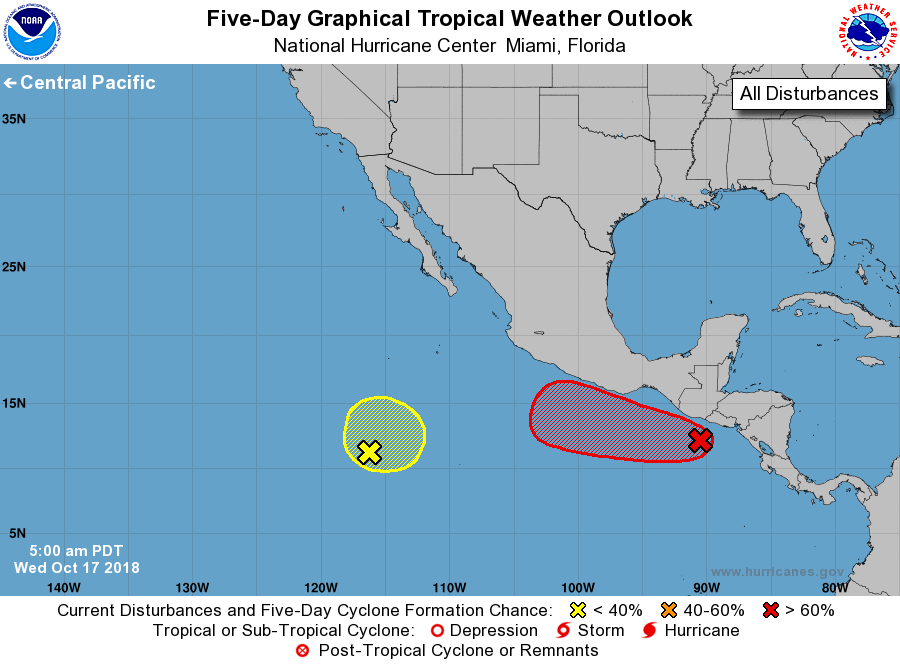
For the eastern North Pacific...east of 140 degrees west longitude:

1. Satellite-derived winds and surface observations indicate that an elongated low pressure system has developed about 100 miles south of Guatemala. Although associated shower and thunderstorm activity is currently disorganized, environmental conditions are expected to be conducive for additional development, and a tropical depression or a tropical storm is likely to form during the next day or two. The system is forecast to moves generally toward the west-northwest at 10 to 15 mph, near or just offshore the coast of southern Mexico.
* Formation chance through 48 hours...high...80 percent.
* Formation chance through 5 days...high...90 percent.

2. A weak and nearly stationary area of low pressure located about 900 miles south-southwest of the southern tip of the Baja California peninsula continues to produce disorganized shower activity. Some slow development of this system is possible while it drifts northward or north-northeastward during the next several days.
* Formation chance through 48 hours...low...10 percent.
* Formation chance through 5 days...low...20 percent.

Forecaster Stewart